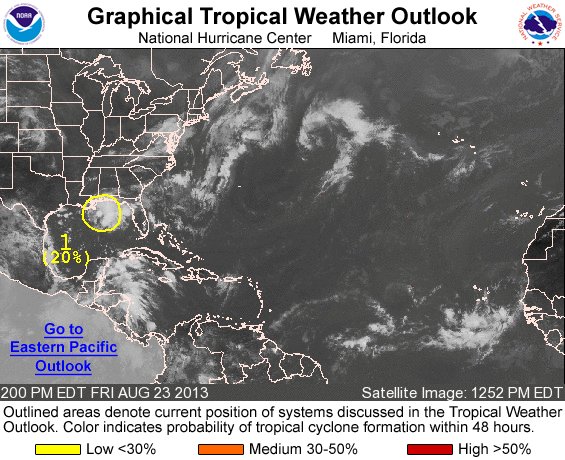
FOR THE NORTH ATLANTIC...CARIBBEAN SEA AND THE GULF OF MEXICO...

1. SHOWERS AND THUNDERSTORMS ASSOCIATED WITH A TROUGH OF LOW PRESSURE OVER THE NORTHERN GULF OF MEXICO HAVE BECOME A LITTLE BETTER ORGANIZED. ADDITIONAL SLOW DEVELOPMENT OF THIS SYSTEM IS POSSIBLE WHILE IT MOVES WESTWARD AT ABOUT 10 MPH ACROSS THE NORTHERN AND NORTHWESTERN GULF OF MEXICO DURING THE NEXT DAY OR SO. THIS SYSTEM HAS A LOW CHANCE...20 PERCENT...OF BECOMING A TROPICAL CYCLONE DURING THE NEXT 48 HOURS...AND A LOW CHANCE...20 PERCENT... OF BECOMING A TROPICAL CYCLONE DURING THE NEXT FIVE DAYS.

FIVE-DAY FORMATION PROBABILITIES ARE EXPERIMENTAL IN 2013. COMMENTS ON THE EXPERIMENTAL FORECASTS CAN BE PROVIDED AT...

HTTP://WWW.NWS.NOAA.GOV/SURVEY/NWS-SURVEY.PHP?CODE=ETWO

FORECASTER BEVEN